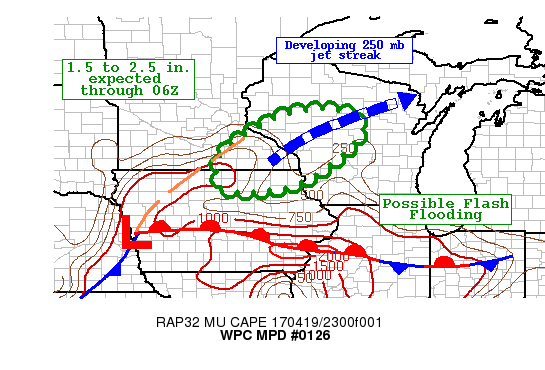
AREAS AFFECTED...SERN MN/NERN IA/SWRN WI

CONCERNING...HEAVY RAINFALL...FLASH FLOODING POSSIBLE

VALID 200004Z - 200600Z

SUMMARY...CONFIDENCE IS INCREASING REGARDING THE POTENTIAL FOR
FLASH FLOODING ACROSS PARTS OF SERN MN/NERN IA/SWRN WI. TRAINING
RAIN RATES OF 0.75-1.50 IN/HR ARE EXPECTED THROUGH 06Z.

DISCUSSION...00Z SURFACE OBSERVATIONS PLACED A 1006 MB SURFACE LOW
ALONG THE CNTRL NE/IA BORDER WITH A WELL DEFINED WARM FRONT
EXTENDING ESE...BECOMING STATIONARY ACROSS N-CNTRL IL. REGIONAL
RADAR IMAGERY SHOWED THAT ELEVATED CONVECTION WAS BECOMING MORE
NUMEROUS ACROSS SERN MN WITHIN AN AREA OF WEAK
INSTABILITY...100-500 MUCAPE...AND ESTIMATED PRECIPITABLE WATER
VALUES JUST OVER AN INCH PER A RECENT IAAM GPS GROUND SITE IN
N-CNTRL IA.

AS A MID-UPPER LEVEL SHORTWAVE APPROACHES FROM THE DAKOTAS EARLY
TONIGHT...THE SURFACE LOW WILL TRACK NEWD INTO NERN IA DRAGGING
THE WARM FRONT WITH IT. SWLY FLOW IN THE 850-700 MB LAYER OF 40-50
KT PER KDMX VAD WIND PLOT JUST AHEAD OF THE SURFACE LOW SHOULD
ALLOW FOR A MODEST INCREASE IN LOW LEVEL MOISTURE FOR THE
MISSISSIPPI VALLEY...INCREASING INSTABILITY TO NEAR 1000 J/KG
ACROSS THE SRN MN/WI BORDER BY 03Z...COMBINING WITH INCREASING
UPPER LEVEL DIFFLUENCE AND DIVERGENCE WITHIN THE RIGHT ENTRANCE
REGION OF A DEVELOPING JET STREAK FORECAST BY THE RAP. GIVEN
UNIDIRECTIONAL FLOW...TRAINING OF RAINFALL IS EXPECTED TO PRODUCE
RAINFALL RATES OF 0.75 TO 1.5 IN/HR. GIVEN LOW FLASH FLOOD
GUIDANCE VALUES OF 1-2 IN/HR AND 1.5 TO 2.5 INCHES IN 3 HOURS
ACROSS THIS REGION...SOME FLASH FLOODING IS EXPECTED. A GENERAL
MOVEMENT OF THE TRAINING REGION FROM WEST TO EAST SHOULD LIMIT
TOTAL RAINFALL TO SOME DEGREE.